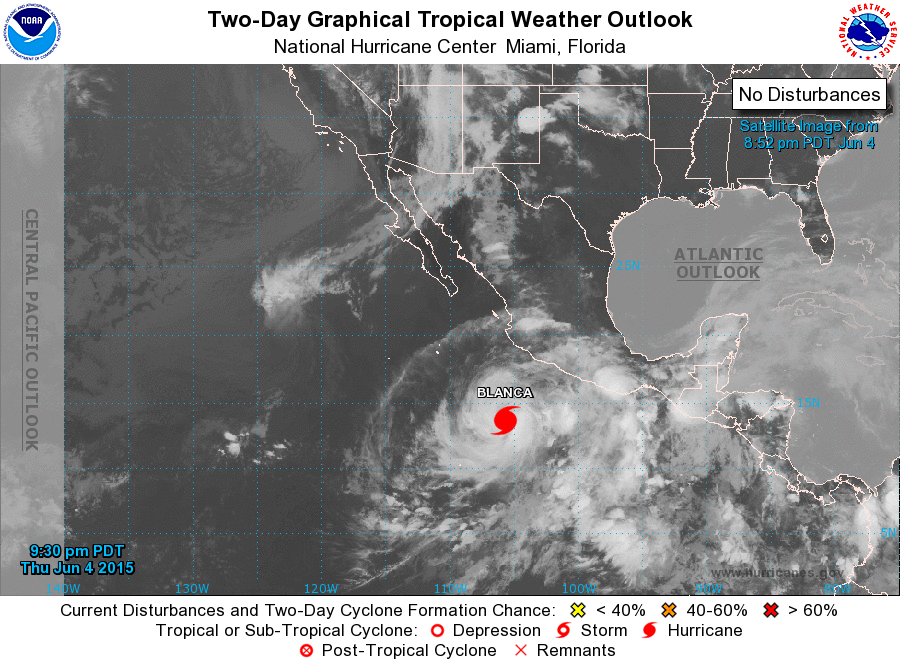
For the eastern North Pacific...east of 140 degrees west longitude:

The National Hurricane Center is issuing advisories Hurricane Blanca, located several hundred miles south of Manzanillo, Mexico. The National Hurricane Center has issued the last advisory on Post-Tropical Cyclone Andres, located about 950 miles west of the southern tip of Baja California.

1. A low pressure area is expected to form over the weekend or early next week a few hundred miles south of the coasts of El Salvador and Guatemala. Environmental conditions are generally conducive for gradual development of this system while it moves toward the northwest or north.
* Formation chance through 48 hours...low...near 0 percent
* Formation chance through 5 days...low...30 percent

Forecaster Beven